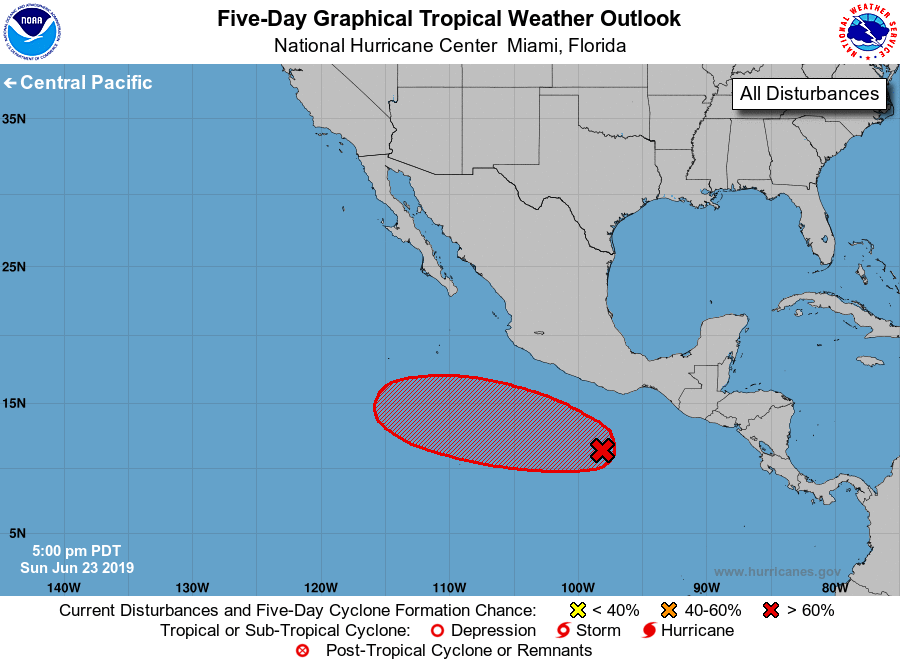
For the eastern North Pacific...east of 140 degrees west longitude:

1. Shower activity associated with a tropical wave located a few hundred miles southwest of the Gulf of Tehuantepec has become a little better organized since yesterday. Environmental conditions are expected to be conducive for gradual development of this system during the next few days, and a tropical depression is likely to form by the middle of the week while the system moves west-northwestward away from the coast of Mexico.
* Formation chance through 48 hours...medium...50 percent.
* Formation chance through 5 days...high...70 percent.

Forecaster Beven